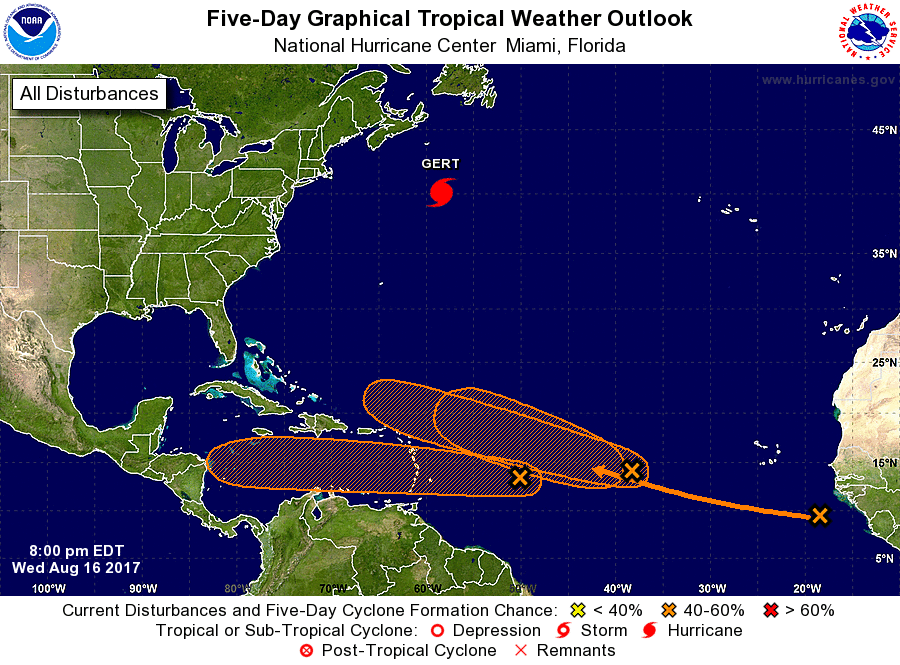
For the North Atlantic...Caribbean Sea and the Gulf of Mexico:

The National Hurricane Center is issuing advisories on Hurricane Gert, located a few hundred miles south of Halifax, Nova Scotia.

1. Showers and thunderstorms associated with a low pressure system located about 650 miles east of the Lesser Antilles have become a little more concentrated this afternoon. Upper-level winds are forecast to become more conducive for development during the next day or so while the low moves westward at 15 to 20 mph across the tropical Atlantic Ocean, crossing into the Caribbean Sea on Friday. Regardless of development, locally heavy rainfall and gusty winds are expected to spread across portions of the Lesser Antilles on Thursday night and Friday, and interests there and elsewhere in the eastern Caribbean should monitor the progress of this disturbance. An Air Force Reserve reconnaissance aircraft is scheduled to investigate this system on Thursday, if necessary.
* Formation chance through 48 hours...medium...50 percent.
* Formation chance through 5 days...medium...60 percent.

2. A second area of low pressure is located about 950 miles west of the Cabo Verde Islands, and its associated shower and thunderstorm activity remains disorganized. Gradual development of this system is possible during the next few days while it moves west-northwestward at 15 to 20 mph, but upper-level winds are expected to become less conducive for tropical cyclone formation when the disturbance moves north of the Leeward Islands this weekend.
* Formation chance through 48 hours...medium...40 percent.
* Formation chance through 5 days...medium...50 percent.

3. A tropical wave located southeast of the Cabo Verde Islands is producing disorganized showers and thunderstorms. Environmental conditions are forecast to become more conducive for development over the weekend while the system moves westward to west- northwestward at about 15 mph.
* Formation chance through 48 hours...low...near 0 percent.
* Formation chance through 5 days...medium...40 percent.

Forecaster Brown